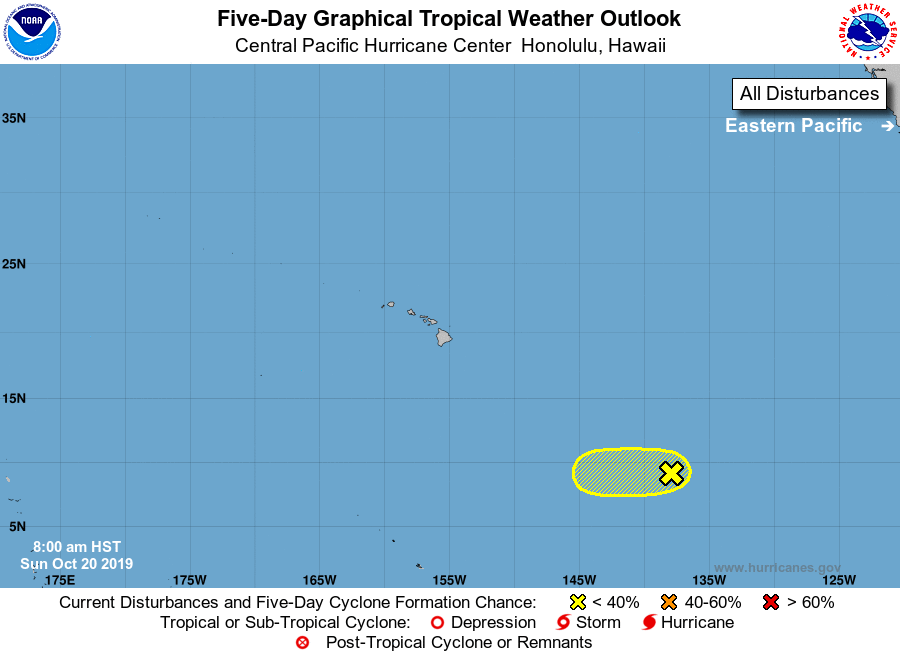
For the central North Pacific...between 140W and 180W:

1. A small area of low pressure located more than a thousand miles east-southeast of the Hawaiian Islands continues to produce disorganized showers and thunderstorms. Any development should be slow to occur while this system moves slowly westward at 5 to 10 mph during the next couple of days. This system is expected to move into the central Pacific basin by tonight or early Monday.
* Formation chance through 48 hours...low...20 percent.
* Formation chance through 5 days...low...20 percent.

Elsewhere, no tropical cyclones are expected during the next 5 days.

Forecaster Kino